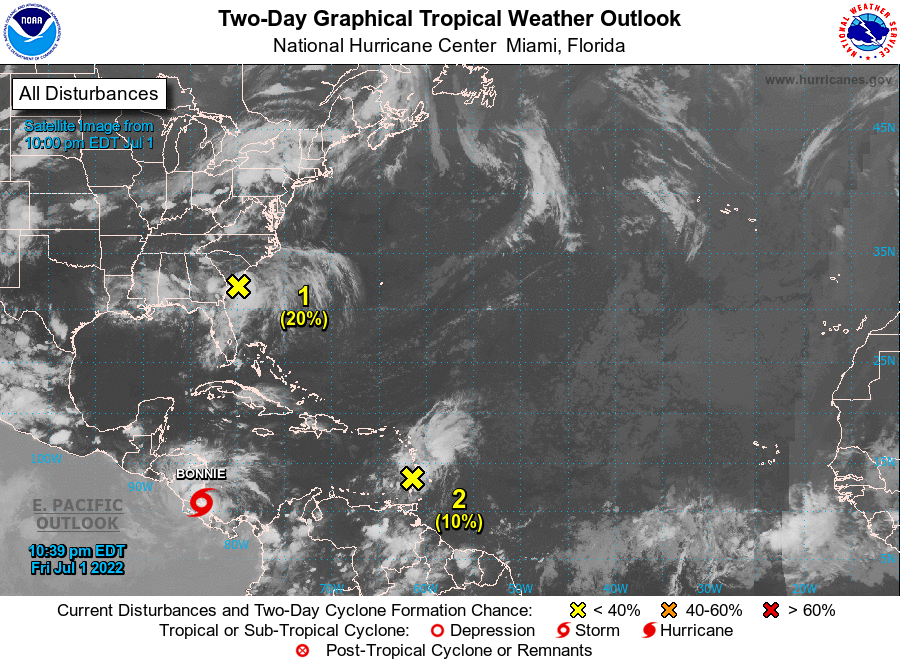
For the North Atlantic...Caribbean Sea and the Gulf of Mexico:

Active Systems: The National Hurricane Center is issuing advisories on Tropical Storm Bonnie, located over the southwestern Caribbean Sea.

1. Near the Southeastern US: Satellite and radar images along with surface observations indicate that a low pressure system is located along the coast of southern South Carolina near Beaufort. Development, if any, of this system should be slow to occur while it drifts northeastward along the southeast U.S. coastline during the next couple of days. Regardless of development, this system is expected to produce heavy rains, which could cause flash flooding across portions of southeastern Georgia and the Carolinas through tonight and into Saturday. See products issued by the Weather Prediction Center and your local National Weather Service forecast office for more details.
* Formation chance through 48 hours...low...20 percent.
* Formation chance through 5 days...low...20 percent.

2. Near the Windward Islands: A tropical wave located over the Windward Islands is producing disorganized showers and thunderstorms. Significant development of this system is not expected to occur while it moves west- northwestward into unfavorable conditions over the eastern Caribbean Sea.
* Formation chance through 48 hours...low...10 percent.
* Formation chance through 5 days...low...10 percent.

For more information on the system near the southeastern U.S., see products issued by the National Weather Service at weather.gov and wpc.ncep.noaa.gov

Forecaster Beven